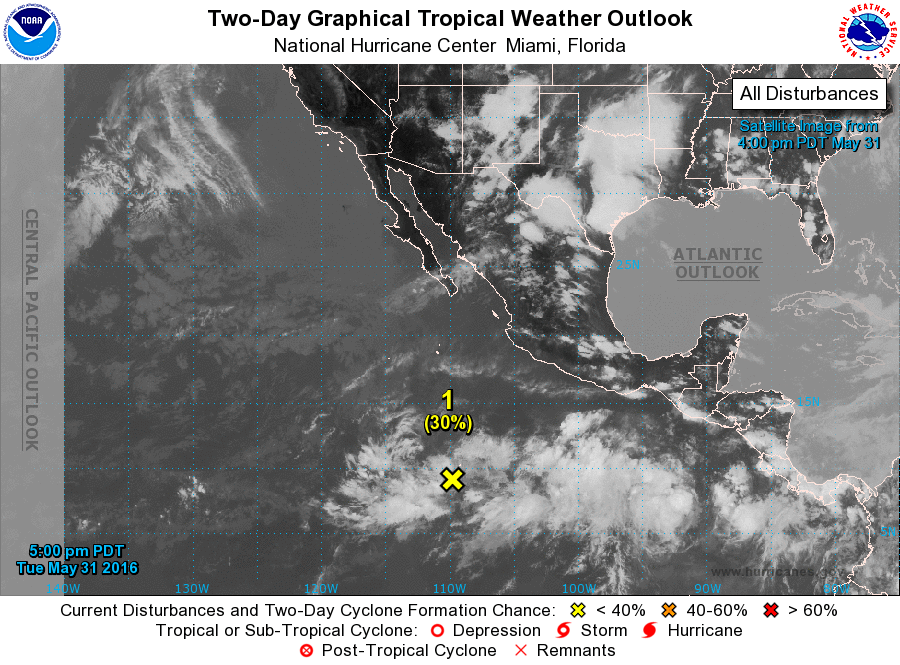
For the eastern North Pacific...east of 140 degrees west longitude:

1. An elongated area of low pressure located about 1000 miles south of the southern tip of the Baja California peninsula is producing a large area of disorganized cloudiness and showers. Environmental conditions are expected to be conducive for slow development of this system during the next several days, and a tropical depression is likely to form later this week as the disturbance moves slowly west-northwestward.
* Formation chance through 48 hours...low...30 percent
* Formation chance through 5 days...high...80 percent

Forecaster Brown